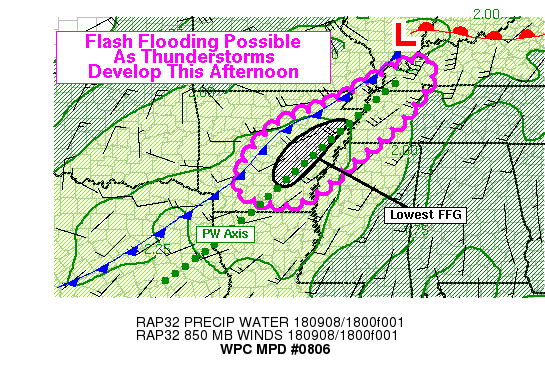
Areas affected...C/E AR, NW MS, W TN, MO Bootheel, W KY

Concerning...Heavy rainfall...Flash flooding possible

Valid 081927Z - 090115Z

Summary...Scattered to numerous thunderstorms should continue
developing this afternoon along and ahead of a cold front in
portions of the Mid Mississippi Valley and Arkansas. Most storms
should produce 1-2 in/hr rain rates, with the strongest storms
possibly reaching 3 in/hr rates. This could produce flash flooding.

Discussion...The area from western Kentucky southwest into
Arkansas has been relatively clear on GOES-16 visible satellite
for much of the day, and convection was beginning to develop in
earnest between 18Z and 1930Z ahead of an approaching front. A
plume of very high precipitable water values was situated in the
same region, with the CIRA blended TPW product and RAP analysis
showing values of around 2.2 to 2.3 inches. Furthermore, with the
relatively unobstructed daytime heating, strong instability has
developed with MLCAPE values around 2000-2500 j/kg. The
combination of strong instability with a deep plume of tropical
moisture should yield relatively organized convection with the
potential for high rain rates. Even though the mesoscale setup is
not ideal for training, relatively unidirectional winds in the
troposphere could favor a modest training component to the storm
motions as convective bands should have a tendency to align with
the deep layer mean wind. Rain rates of 2 in/hr seem achievable in
this environment, with 3 in/hr rain rates possible given adequate
training of strong convection. The lowest flash flood guidance in
the region was over east-central Arkansas, and this did align with
some of the higher probabilities for 2+ in/hr rain rates (per the
12Z HREF).